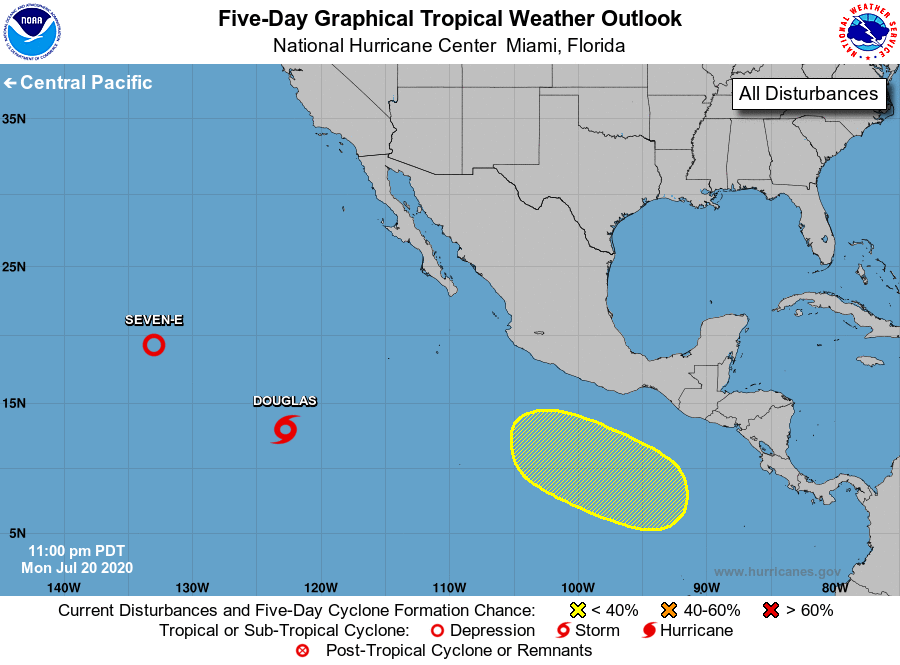
For the eastern North Pacific...east of 140 degrees west longitude:

The National Hurricane Center is issuing advisories on Tropical Depression Seven-E, located more than a thousand miles west of the southern tip of the Baja California peninsula, and on Tropical Storm Douglas, located about one thousand miles southwest of the southern tip of the Baja California peninsula.

1. An area of low pressure is forecast to form well south of the southwestern coast of Mexico later this week. Gradual development of the system will be possible over the weekend while it moves generally west-northwestward.
* Formation chance through 48 hours...low...near 0 percent.
* Formation chance through 5 days...low...30 percent.

Public Advisories on Tropical Storm Douglas are issued under WMO header WTPZ33 KNHC and under AWIPS header MIATCPEP3. Forecast/Advisories on Tropical Storm Douglas are issued under WMO header WTPZ23 KNHC and under AWIPS header MIATCMEP3.

Forecaster Zelinsky